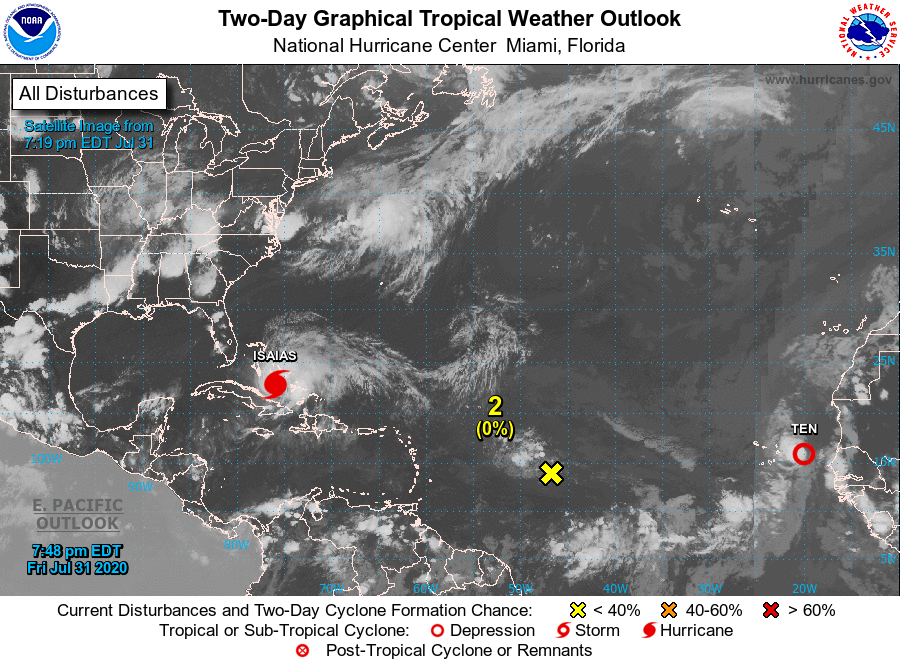
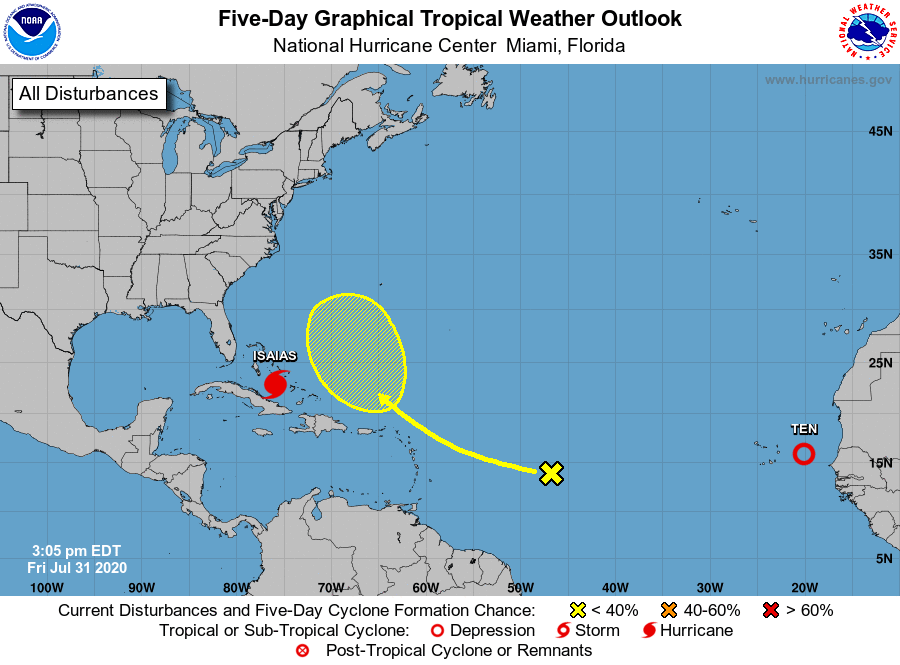
For the North Atlantic...Caribbean Sea and the Gulf of Mexico:

Special outlook issued to update discussion of the low pressure area over the far eastern Atlantic.

The National Hurricane Center is issuing advisories on Hurricane Isaias, located near the southeastern Bahamas.

1. Updated: Showers and thunderstorms have recently developed closer to the center of the small area of low pressure located a couple of hundred miles east of the Cabo Verde Islands. Although the system is moving northward toward less favorable environmental conditions, only a small increase in organization could lead to the development of a short-lived tropical depression later today.
* Formation chance through 48 hours...medium...50 percent.
* Formation chance through 5 days...medium...50 percent.

2. A westward-moving tropical wave located about 950 miles east of the Lesser Antilles is producing disorganized showers and thunderstorms. Some slow development of this system is possible while it turns northwestward over the western Atlantic by early next week.
* Formation chance through 48 hours...low...near 0 percent.
* Formation chance through 5 days...low...30 percent.

Forecaster Brown